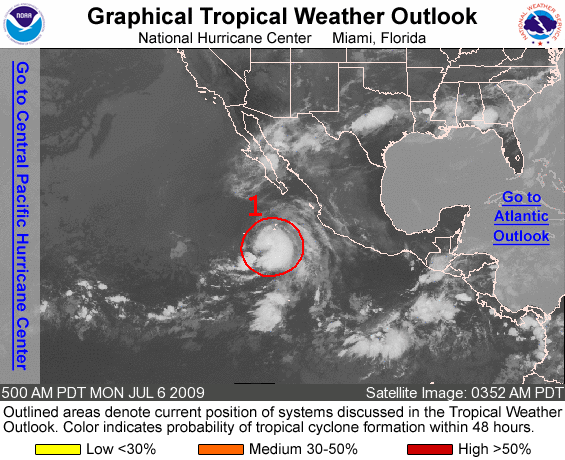
FOR THE EASTERN NORTH PACIFIC...EAST OF 140 DEGREES WEST LONGITUDE..

1. SATELLITE IMAGES INDICATE THAT A TROPICAL DEPRESSION OR STORM COULD BE FORMING ABOUT 400 MILES SOUTH-SOUTHWEST OF THE SOUTHERN TIP OF BAJA CALIFORNIA. IF THIS DEVELOPMENT TREND CONTINUES...ADVISORIES WILL BE INITIATED LATER THIS MORNING. THERE IS A HIGH CHANCE... GREATER THAN 50 PERCENT...OF THIS SYSTEM BECOMING A TROPICAL CYCLONE DURING THE NEXT 48 HOURS.

ELSEWHERE...TROPICAL CYCLONE FORMATION IS NOT EXPECTED DURING THE NEXT 48 HOURS.

FORECASTER BROWN/KIMBERLAIN